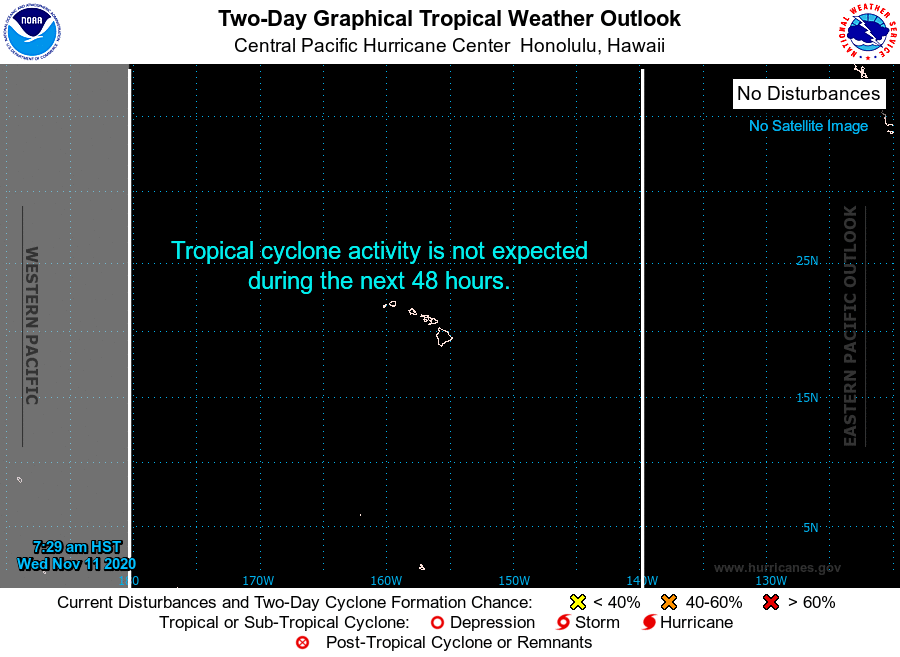
For the central North Pacific...between 140W and 180W:

No tropical cyclones are expected during the next 5 days.

Forecaster Birchard